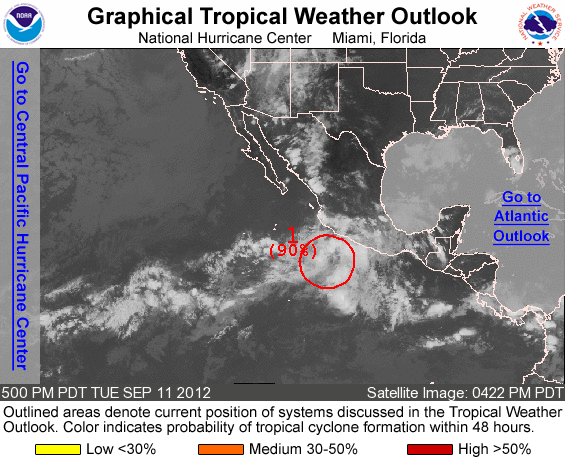
FOR THE EASTERN NORTH PACIFIC...EAST OF 140 DEGREES WEST LONGITUDE..

1. SHOWERS AND THUNDERSTORMS ASSOCIATED WITH A LOW PRESSURE SYSTEM...LOCATED ABOUT 250 MILES SOUTH OF MANZANILLO MEXICO...HAVE BECOME BETTER ORGANIZED THIS AFTERNOON. ENVIRONMENTAL CONDITIONS ARE CONDUCIVE FOR ADDITIONAL DEVELOPMENT...AND A TROPICAL DEPRESSION COULD FORM TONIGHT OR WEDNESDAY. THIS SYSTEM HAS A HIGH CHANCE...90 PERCENT...OF BECOMING A TROPICAL CYCLONE DURING THE NEXT 48 HOURS AS IT MOVES WEST-NORTHWESTWARD AT 10 MPH.

ELSEWHERE...TROPICAL CYCLONE FORMATION IS NOT EXPECTED DURING THE NEXT 48 HOURS.

FORECASTER ROBERTS